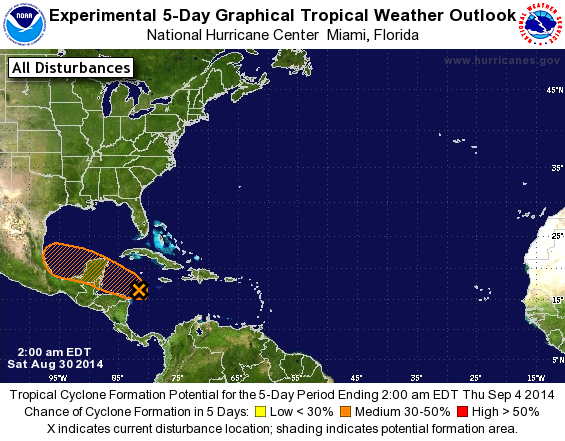
For the North Atlantic...Caribbean Sea and the Gulf of Mexico:

1. Disorganized shower and thunderstorm activity continues in association with a tropical wave moving into the western Caribbean Sea. Upper-level winds are expected to become more conducive over the weekend, but land interaction will likely limit significant development while the disturbance moves across the Yucatan peninsula on Sunday. Environmental conditions are expected to be conducive for some gradual development once the system moves into the southwestern Gulf of Mexico by Monday.
* Formation chance through 48 hours...low...10 percent.
* Formation chance through 5 days...medium...30 percent.

Forecaster Brennan